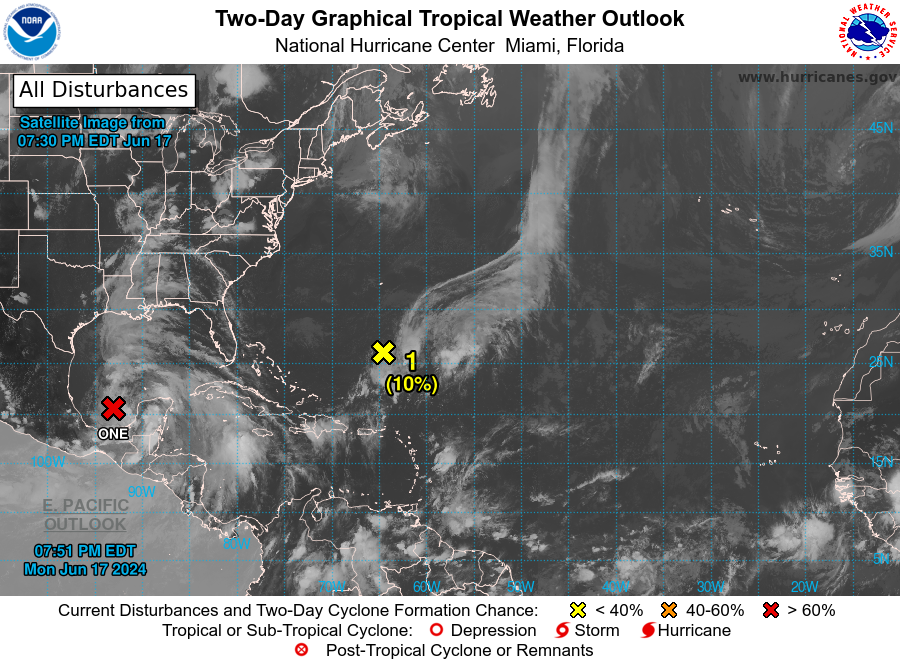
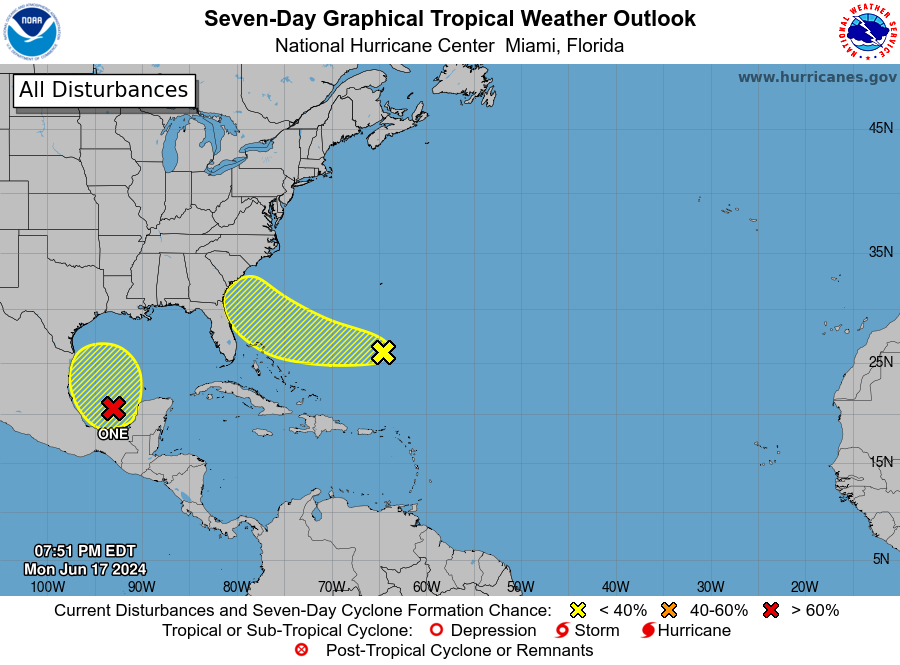
For the North Atlantic...Caribbean Sea and the Gulf of Mexico:

Active Systems: The National Hurricane Center is issuing advisories on Potential Tropical Cyclone One, located over the southwestern Gulf of Mexico.
* Formation chance through 48 hours...high...80 percent.
* Formation chance through 7 days...high...80 percent.

1. 2. Public Advisories on Potential Tropical Cyclone One are issued under WMO header WTNT31 KNHC and under AWIPS header MIATCPAT1. Forecast/Advisories on Potential Tropical Cyclone One are issued under WMO header WTNT21 KNHC and under AWIPS header MIATCMAT1.

Forecaster Brown